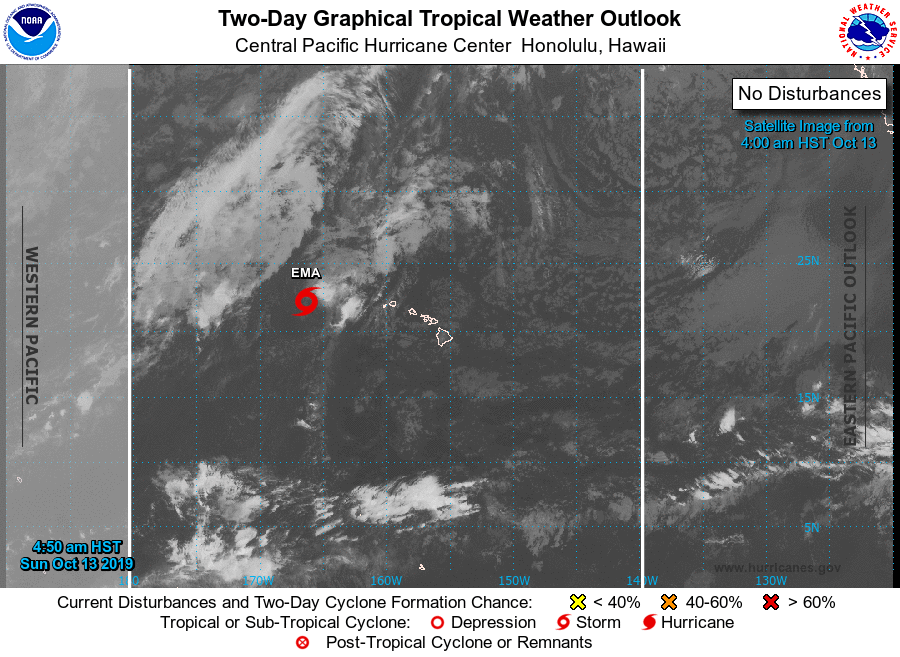
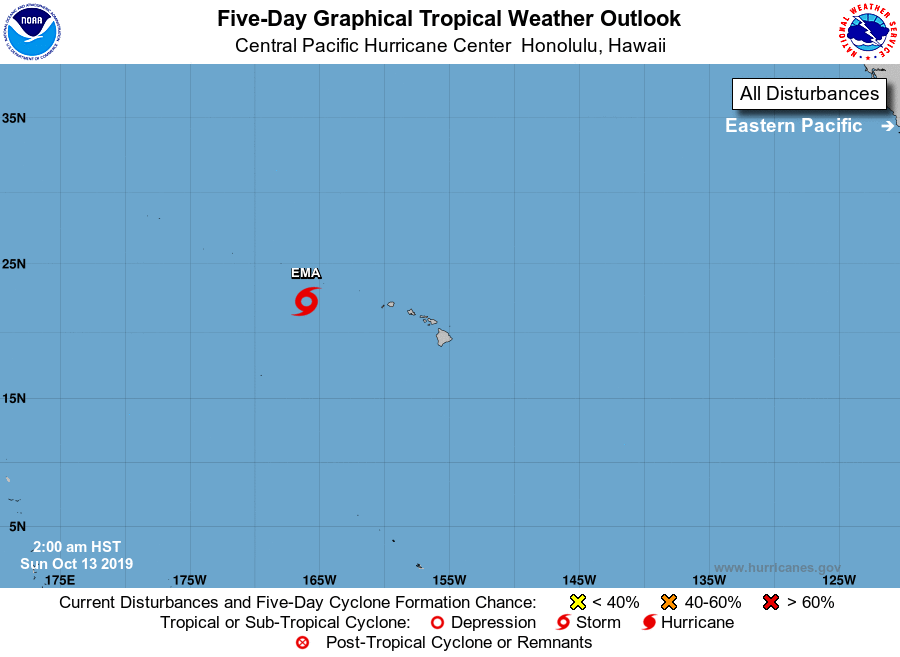
For the central North Pacific...between 140W and 180W:

The Central Pacific Hurricane Center is issuing advisories on Tropical Storm Ema, located approximately 400 miles west of Lihue, Kauai.

Elsewhere, no tropical cyclones are expected during the next 5 days.

Public Advisories on Tropical Storm Ema are being issued under WMO header WTPA35 and under AWIPS header HFOTCPCP5. Forecast Advisories are being issued under WMO header WTPA25 PHFO and under AWIPS header HFOTCMCP5.

Forecaster Gibbs